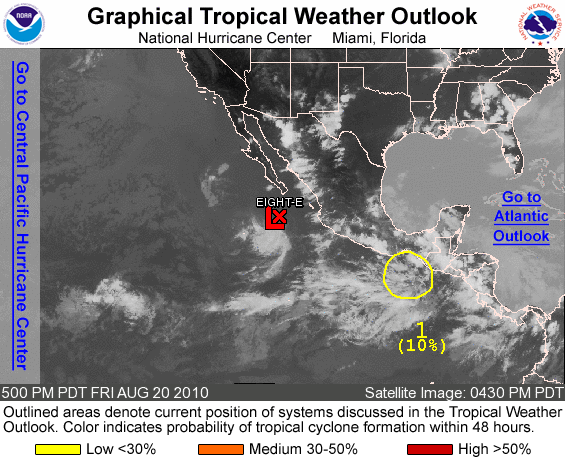
FOR THE EASTERN NORTH PACIFIC...EAST OF 140 DEGREES WEST LONGITUDE..

THE NATIONAL HURRICANE CENTER IS ISSUING ADVISORIES ON TROPICAL DEPRESSION EIGHT-E...LOCATED ABOUT 230 MILES SOUTH OF THE SOUTHERN TIP OF BAJA CALIFORNIA.

1. A BROAD AREA OF LOW PRESSURE LOCATED ABOUT 150 MILES SOUTH-SOUTHEAST OF THE GULF OF TEHUANTEPEC IS PRODUCING DISORGANIZED SHOWERS AND THUNDERSTORMS. ENVIRONMENTAL CONDITIONS APPEAR FAVORABLE FOR SOME GRADUAL DEVELOPMENT OF THIS SYSTEM AS IT DRIFTS ERRATICALLY DURING THE NEXT COUPLE OF DAYS. THERE IS A LOW CHANCE...10 PERCENT...OF THIS SYSTEM BECOMING A TROPICAL CYCLONE DURING THE NEXT 48 HOURS.

ELSEWHERE...TROPICAL CYCLONE FORMATION IS NOT EXPECTED DURING THE NEXT 48 HOURS.

PUBLIC ADVISORIES ON TROPICAL DEPRESSION EIGHT-E ARE ISSUED UNDER WMO HEADER WTPZ33 KNHC AND UNDER AWIPS HEADER MIATCPEP3. FORECAST/ADVISORIES ARE ISSUED UNDER WMO HEADER WTPZ23 KNHC AND UNDER AWIPS HEADER MIATCMEP3.

FORECASTER BEVEN